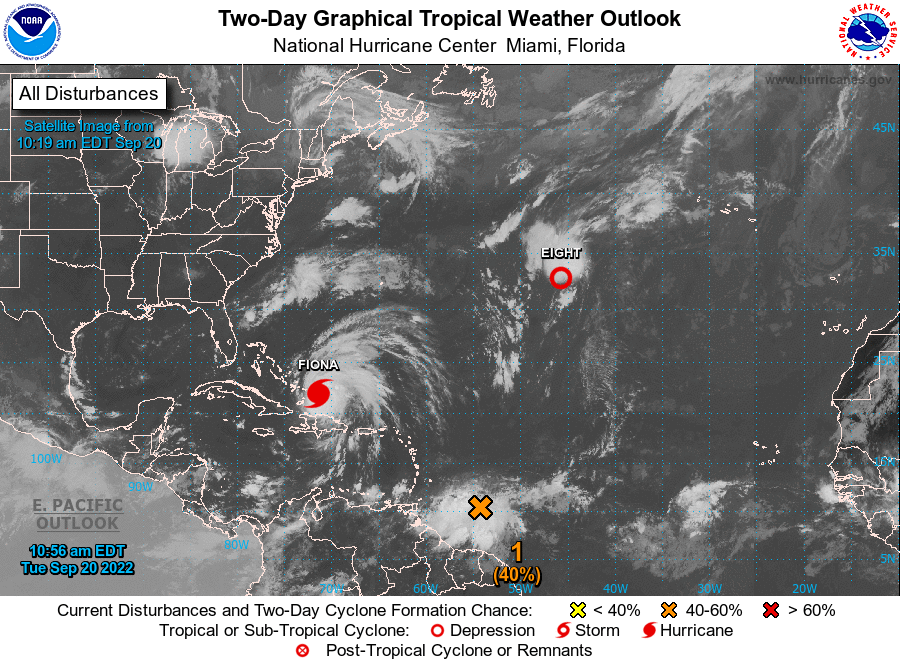
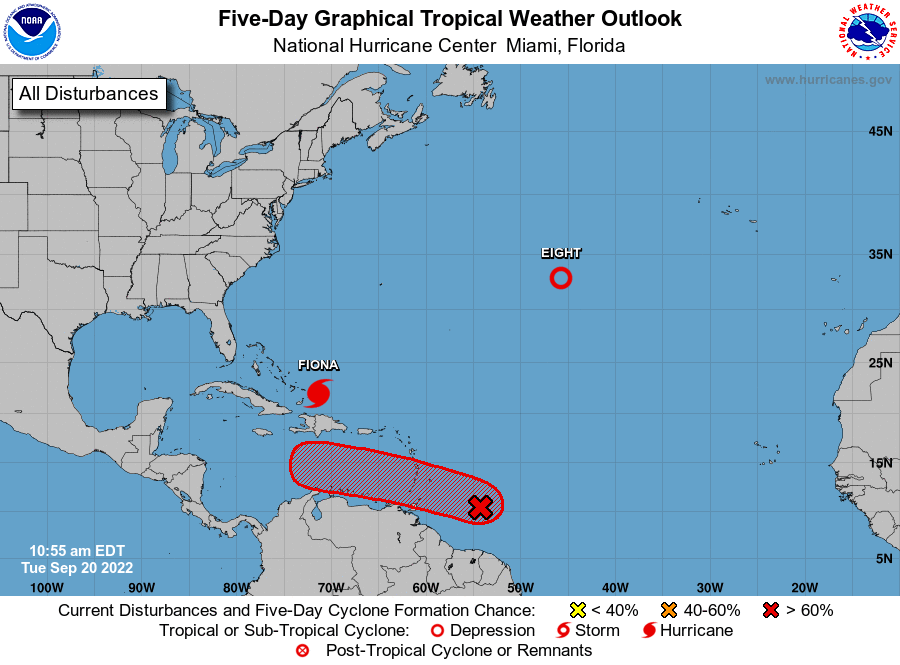
For the North Atlantic...Caribbean Sea and the Gulf of Mexico:

Active Systems: The National Hurricane Center is issuing advisories on Hurricane Fiona, located near the Turks and Caicos islands, and on newly formed Tropical Depression Eight, located over the north-central Atlantic Ocean.

1. Central Tropical Atlantic: Updated: Satellite data indicate that the tropical wave located several hundred miles east of the Windward Islands has become better organized this morning. Additional development is expected, and a tropical depression is likely to form within the next few days as the system moves westward to west-northwestward at 15 to 20 mph across the eastern and central Caribbean Sea. Interests in the Windward Islands should closely monitor the progress of this system as heavy rainfall and gusty winds could affect these islands beginning on Wednesday.
* Formation chance through 48 hours...medium...40 percent.
* Formation chance through 5 days...high...70 percent.

Public Advisories on Tropical Depression Eight are issued under WMO header WTNT33 KNHC and under AWIPS header MIATCPAT3. Forecast/Advisories on Tropical Depression Eight are issued under WMO header WTNT23 KNHC and under AWIPS header MIATCMAT3.

Forecaster Bucci